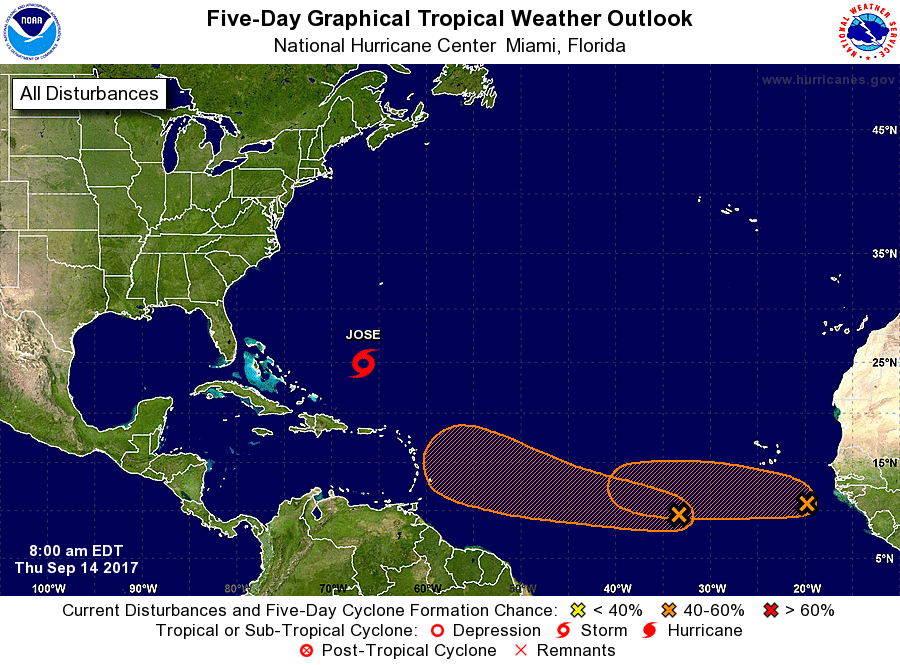
For the North Atlantic...Caribbean Sea and the Gulf of Mexico:

The National Hurricane Center is issuing advisories on Hurricane Jose, located several hundred miles east-northeast of the southeastern Bahamas.

1. A tropical wave located about 800 miles southwest of the Cabo Verde Islands continues to produce widespread showers and thunderstorms. Environmental conditions are expected to be conducive for gradual development of this system, and a tropical depression could form early next week while it moves westward at around 15 mph across the tropical Atlantic.
* Formation chance through 48 hours...low...20 percent.
* Formation chance through 5 days...medium...60 percent.

2. Another tropical wave, located between the west coast of Africa and the Cabo Verde Islands, is producing a large area of disorganized shower and thunderstorm activity. Some development of this system is possible over the next few days before upper-level winds become less favorable. The system is forecast to move westward at 10 to 15 mph across the far eastern tropical Atlantic for the next several days.
* Formation chance through 48 hours...low...30 percent.
* Formation chance through 5 days...medium...40 percent.

Forecaster Blake